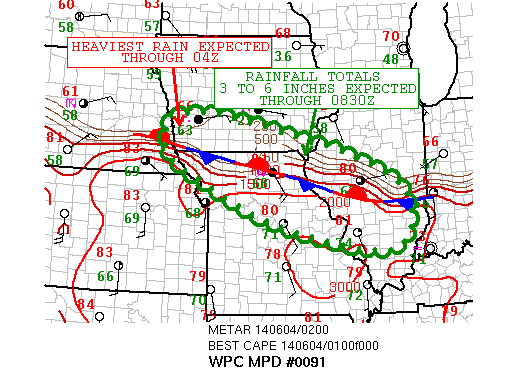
AREAS AFFECTED......SOUTHERN IA INTO NORTHERN MO AND WEST CENTRAL
IL...

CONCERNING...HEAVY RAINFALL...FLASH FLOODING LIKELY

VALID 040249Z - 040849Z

SUMMARY...A STRONG INFLOW OF HIGH MOISTURE CONTENT AIR ALONG A
QUASI STATIONARY BOUNDARY SETS THE STAGE FOR A POSSIBLY HIGH
IMPACT FLASH FLOOD EVENT.

DISCUSSION...A STRONG LOW LEVEL INFLOW (45 TO 60 KNOTS AT 850 MB)
WILL CONTINUE TO TRANSPORT PWAT VALUES NEAR 1.75 INCHES AND MLCAPE
VALUES BETWEEN 1550 AND 2500 J/KG ALONG A QUASI STATIONARY
BOUNDARY STRETCHING ACROSS SOUTHWEST IA INTO NORTHERN MS AND
CENTRAL IL. PREVIOUS CONVECTION APPEARS TO BE GENERATING A COLD
POOL THAT COULD SEND THE FRONT A BIT FURTHER SOUTH WITH TIME...AND
EDGE THE MAIN THREAT AREA SOUTHWARD THROUGH 08Z.

MOST OF THE LATEST MESOSCALE GUIDANCE SUGGESTS THAT THE AXIS OF
HIGHEST QPF REMAINS CLOSE TO THE FRONTAL BOUNDARY...AND THE 12Z
ARW SEEMS TO HAVE THE BEST HANDLE ON THE CURRENT CONVECTION. THERE
IS A STRONG SIGNAL THAT 3 TO 6 INCHES OF RAIN COULD FALL NEAR THE
FRONT GIVEN THE RICH SUPPLY OF MOISTURE AND INSTABILITY. THESE QPF
AMOUNTS SHOULD EXCEED 1 AND 3 HOUR FFG VALUES...WITH FLASH
FLOODING LIKELY.